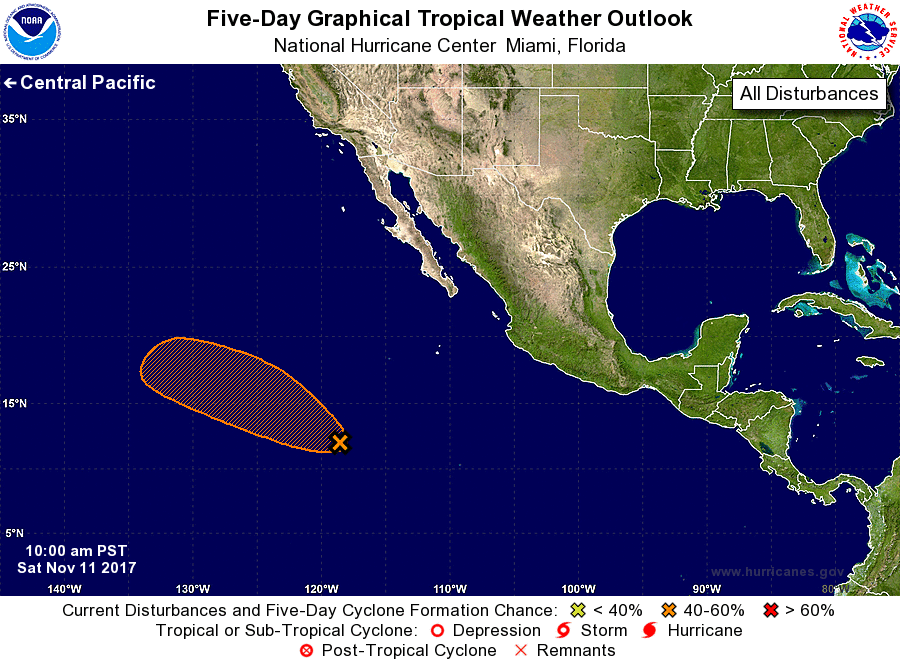
For the eastern North Pacific...east of 140 degrees west longitude:

1. A weak area of low pressure located about 950 miles southwest of the southern tip of the Baja California peninsula is producing disorganized cloudiness and showers. Gradual development of this system is possible before upper-level winds become unfavorable for development by the middle of next week. This system is expected to move west-northwestward across the open eastern Pacific during the next several days.
* Formation chance through 48 hours...low...20 percent.
* Formation chance through 5 days...medium...40 percent.

Forecaster Beven